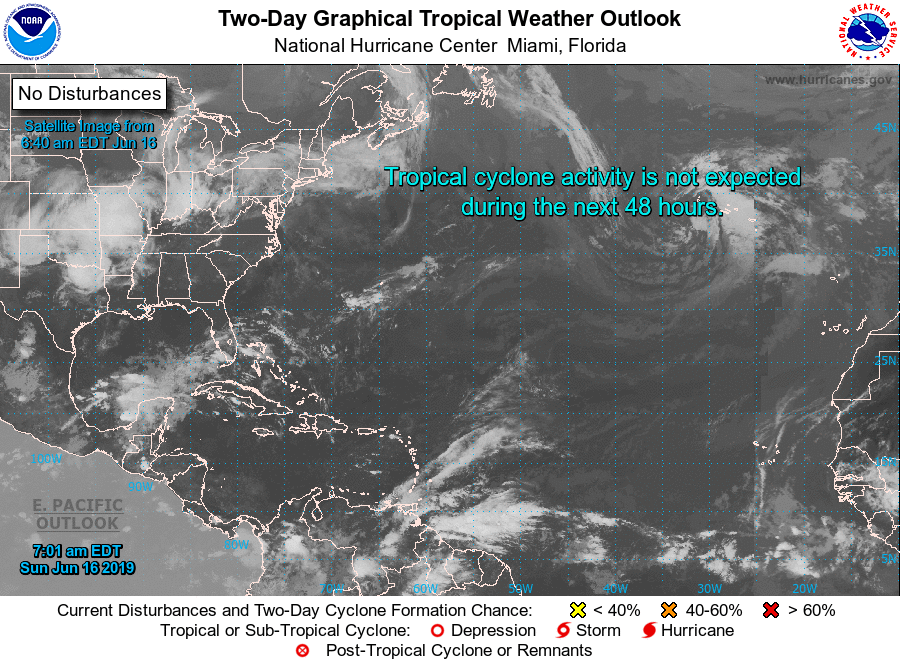
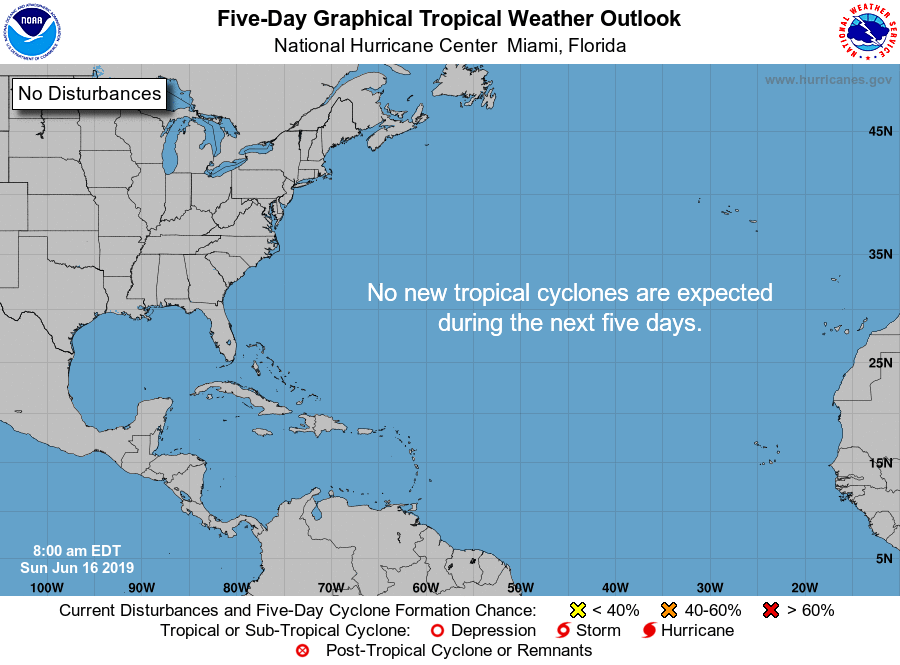
For the North Atlantic...Caribbean Sea and the Gulf of Mexico:

Tropical cyclone formation is not expected during the next 5 days.

Forecaster Stewart